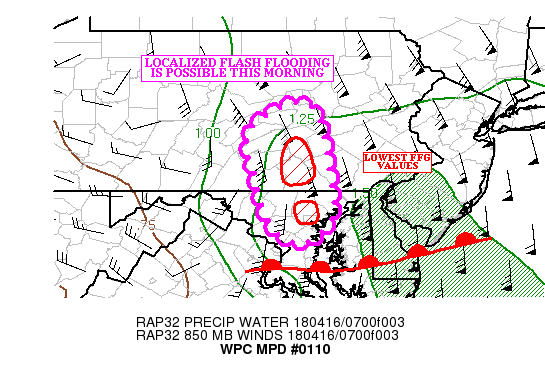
AREAS AFFECTED...EAST CENTRAL PA...NORTH CENTRAL MD

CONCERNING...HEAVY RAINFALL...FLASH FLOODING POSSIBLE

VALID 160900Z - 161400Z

SUMMARY...HEAVY RAINFALL WITH EMBEDDED CONVECTIVE ELEMENTS COULD
RESULT IN A LOCALIZED FLASH FLOOD THREAT ACROSS NORTHERN CENTRAL
MD INTO EAST CENTRAL PA THROUGH THE MID MORNING HOURS.

DISCUSSION...REGIONAL RADARS CONTINUE TO SHOW HEAVY RAINFALL
SURGING NORTHWARD ACROSS CENTRAL AND NORTHERN MD INTO EAST CENTRAL
PA EARLY THIS MORNING. THE BEST INSTABILITY AND LOW LEVEL FORCING
AHEAD OF  WARM FRONT STRETCHED ACROSS CENTRAL VA ARE SLOWLY
TRANSLATING EASTWARD ACROSS MD INTO SOUTHEAST PA AND SOUTHWEST
NJ...BUT THE KLWX RADAR LOCAL HOURLY RAINFALL AMOUNTS NEAR 0.75
INCHES OVER NORTH CENTRAL MD.

THUS FAR THIS MORNING...BETWEEN 1.50 AND 2.00 INCHES OF RAINFALL
HAS OCCURRED OVER NORTH CENTRAL MD AND A PORTION OF SOUTH CENTRAL
PA. THE COMBINATION OF LOW LEVEL FORCING (IN THE FORM OF A LOW
LEVEL 50 TO 65 KNOT SOUTH SOUTHEASTERLY JET) AND DYNAMIC FORCING
ASSOCIATED WITH SHORT WAVE ENERGY MOVING INTO CENTRAL VA COULD
COMPENSATE FOR FAIRLY MEAGER INSTABILITY (WITH MUCAPE GENERALLY
BETWEEN 100 AND 250 J/KG OVER NORTH CENTRAL MD AND NEARBY PA) TO
PRODUCE HOURLY RAINFALL RATES BETWEEN 0.50 AND 0.75 INCHES THROUGH
12/13Z OR SO.

THESE RAINFALL RATES COULD RESULT IN LOCAL ADDITIONAL RAINFALL
AMOUNTS OF 1.00/1.50 INCHES THROUGH 14Z. WHILE THESE VALUES ARE
GENERALLY BELOW THE THREE HOUR FLASH FLOOD GUIDANCE VALUES
HERE...LOCALIZED FLASH FLOODING IS POSSIBLE...AS WELL AS FLOODING
IN URBAN AREAS.

THE THREAT FOR LOCALIZED FLASH FLOODING IS EXPECTED TO DIMINISH
AFTER 14Z FROM SOUTH TO NORTH.